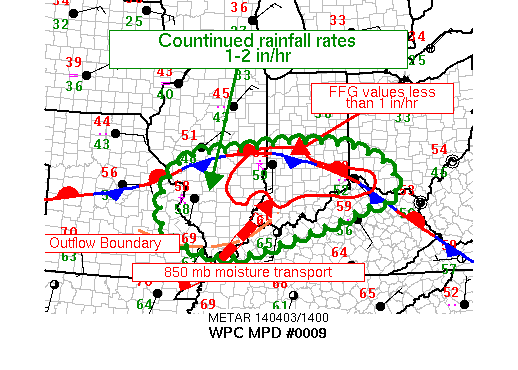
AREAS AFFECTED...ERN MO...EWD ALONG AND NORTH OF OHIO RIVER INTO
NERN KY / SWRN OH

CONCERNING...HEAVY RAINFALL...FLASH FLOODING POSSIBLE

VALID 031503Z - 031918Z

SUMMARY...A SHORT TERM THREAT FOR FLASH FLOODING WILL CONTINUE
INVOF THE OHIO VALLEY INTO THE EARLY AFTERNOON OVER SATURATED
SOILS DESPITE SOME SIGNS OF A WEAKENING MCS.

DISCUSSION...LATEST RADAR/SATELLITE TRENDS DEPICTED A LARGE
CLUSTER OF THUNDERSTORMS AND EMBEDDED HEAVY RAIN MOVING THROUGH
IL/IN/OH IN CONNECTION WITH A LINGERING MCS FROM THE OVERNIGHT
HOURS. CLOUD TOPS HAVE BEEN WARMING ACROSS IL...BUT CONTINUE TO
COOL WITH RENEWED CONVECTIVE DEVELOPMENT ACROSS PORTIONS OF IN.
SURFACE OBSERVATIONS SHOWED AN OUTFLOW BOUNDARY SOUTH OF THE
CONVECTION AT 1400 UTC FROM JUST NORTH OF TBN TO CGI TO
AJG...WHICH HAS STALLED OVER ERN MO AND SRN IL WHILE CONVECTION
HAS CONTINUED TO REGENERATE TO ITS NORTH OVER SRN IL. BLENDED TPW
PRODUCT ALONG WITH VAD WIND PROFILE PLOTS INDICATED WINDS OF 40-50
KT FROM THE SSW ALONG THE WRN OHIO VALLEY WITHIN AN AXIS OF 1.25
TO 1.5 INCH PRECIPITABLE WATER VALUES.

RAP FORECASTS INDICATE THE LOW LEVEL JET WILL CONTINUE TO MAINTAIN
INTENSITY WHILE ADVECTING MOISTURE NWD ATOP THE OUTFLOW BOUNDARY
WITHIN A NEARLY SATURATED AIRMASS. RECENT RAINFALL HAS LOWERED
FLASH FLOOD GUIDANCE VALUES BELOW 1 IN/HR FROM E-CNTRL IL INTO
SWRN OH/NRN KY. THE LATEST HRRR AND GEM REGIONAL MODELS SEEM TO BE
HANDING THE EVOLUTION OF THE ONGOING CONVECTION REASONABLY WELL
AND SUGGEST THE HEAVIEST RAIN WILL CONTINUE THROUGH 1900 UTC ALONG
THE SRN PORTION OF THE THREAT AREA. DUE TO THE VERY LOW FFG
VALUES...A CONTINUED RISK OF FLASH FLOODING WILL EXIST INTO AT
LEAST THE EARLY AFTERNOON HOURS.